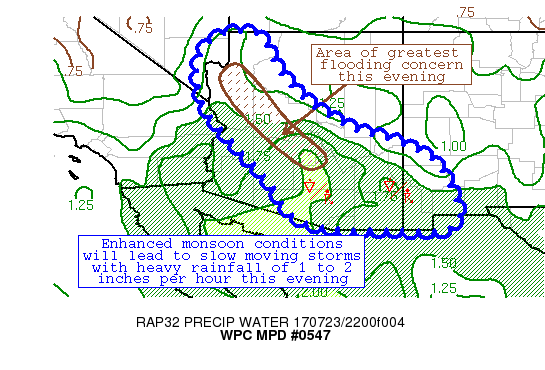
AREAS AFFECTED...CENTRAL ARIZONA AND SW NEW MEXICO

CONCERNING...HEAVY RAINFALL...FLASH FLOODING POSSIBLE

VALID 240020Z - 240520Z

SUMMARY...A PROGRESSIVE EASTERLY WAVE AT 700 HPA WILL CONTINUE TO
LEAD TO ENHANCED MONSOON CONDITIONS THIS EVENING.  HOURLY RAIN
RATES UP TO 2 INCHES ARE EXPECTED WITH THE STRONGEST STORMS.

DISCUSSION...REGIONAL DOPPLER RADARS ARE INDICATING A BROKEN BAND
OF STRONG THUNDERSTORMS ORIENTED NW TO SE ACROSS CENTRAL ARIZONA
AS OF 00Z, WITH A VERY SLOW PROGRESSION TOWARDS THE SOUTHWEST.
PRECIPITABLE WATER VALUES ARE 1-2 INCHES PER LATEST RAP MODEL
ANALYSIS.  MLCAPE VALUES OF 1500 TO 2000 J/KG EXIST IN THE
VICINITY OF THIS CONVECTION.  RECENT INFRARED SATELLITE IMAGERY IS
SHOWING COOLING AND EXPANDING CLOUD TOPS OVER THIS REGION.

THE MAJORITY OF THE HI-RES GUIDANCE APPEARS TO BE UNDERDONE WITH
FUTURE RAINFALL GIVEN RECENT RADAR TRENDS.  HOURLY RAIN RATES UP
TO 2 INCHES WITH ISOLATED TOTAL AMOUNTS IN EXCESS OF 3 INCHES ARE
POSSIBLE, WITH THE GREATEST PROBABILITY OF THIS OCCURRING IN A
CORRIDOR BETWEEN LAKE MEAD AND PHOENIX.  THIS DEGREE OF RAINFALL
WOULD BE PROBLEMATIC IN URBAN AREAS, NEAR BURN SCARS, AND WITHIN
AREA WASHES AND ARROYOS.